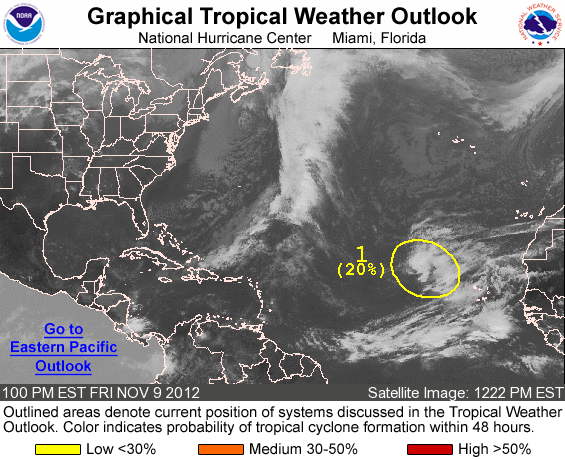
FOR THE NORTH ATLANTIC...CARIBBEAN SEA AND THE GULF OF MEXICO...

1. CLOUDINESS...SHOWERS...AND THUNDERSTORMS CENTERED ABOUT 800 MILES WEST-NORTHWEST OF THE CAPE VERDE ISLANDS ARE ASSOCIATED WITH A SURFACE TROUGH INTERACTING WITH A LOW PRESSURE SYSTEM IN THE MIDDLE AND UPPER LEVELS OF THE ATMOSPHERE. DEVELOPMENT...IF ANY...SHOULD BE SLOW TO OCCUR DUE TO STRONG VERTICAL WIND SHEAR...AND THIS SYSTEM HAS A LOW CHANCE...20 PERCENT...OF BECOMING A TROPICAL CYCLONE DURING THE NEXT 48 HOURS.

ELSEWHERE...TROPICAL CYCLONE FORMATION IS NOT EXPECTED DURING THE NEXT 48 HOURS.

FORECASTER BEVEN